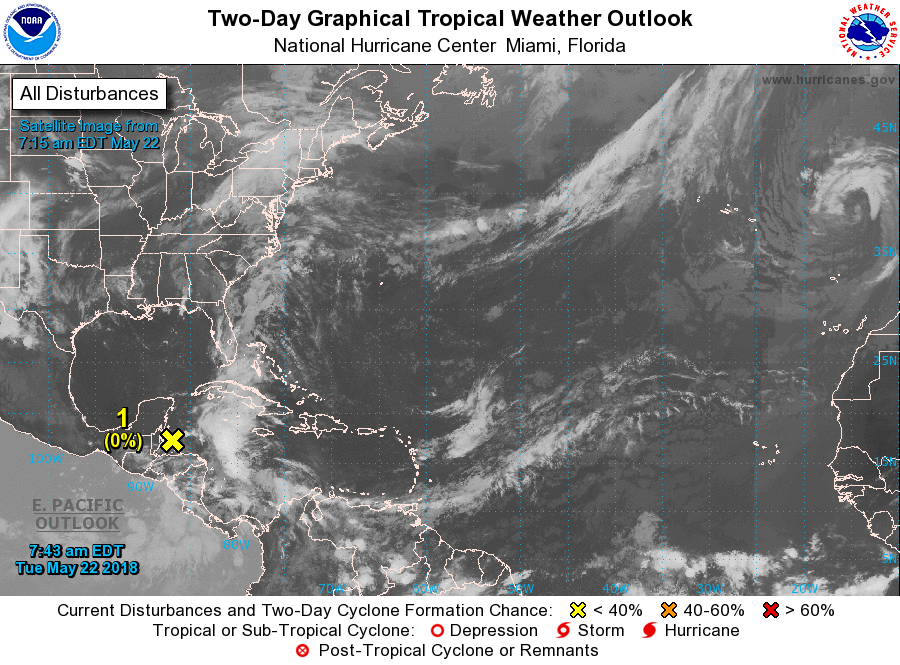
For the North Atlantic...Caribbean Sea and the Gulf of Mexico:

1. A broad surface low centered just east of Belize is producing a large area of cloudiness and showers extending from the northwestern Caribbean Sea across Cuba into the Florida peninsula. While strong upper-level winds and dry air aloft are expected to limit organization during the next couple of days, some gradual subtropical or tropical development is possible late this week while the system moves slowly northward into the central or eastern Gulf of Mexico. Regardless of development, locally heavy rainfall is possible across western Cuba, the Cayman Islands, and much of Florida during the next several days. For more information on the heavy rain threat, please see products issued by your local weather office. The next Special Tropical Weather Outlook on this system will be issued by 800 PM EDT.
* Formation chance through 48 hours...low...near 0 percent.
* Formation chance through 5 days...medium...40 percent.

Forecaster Blake